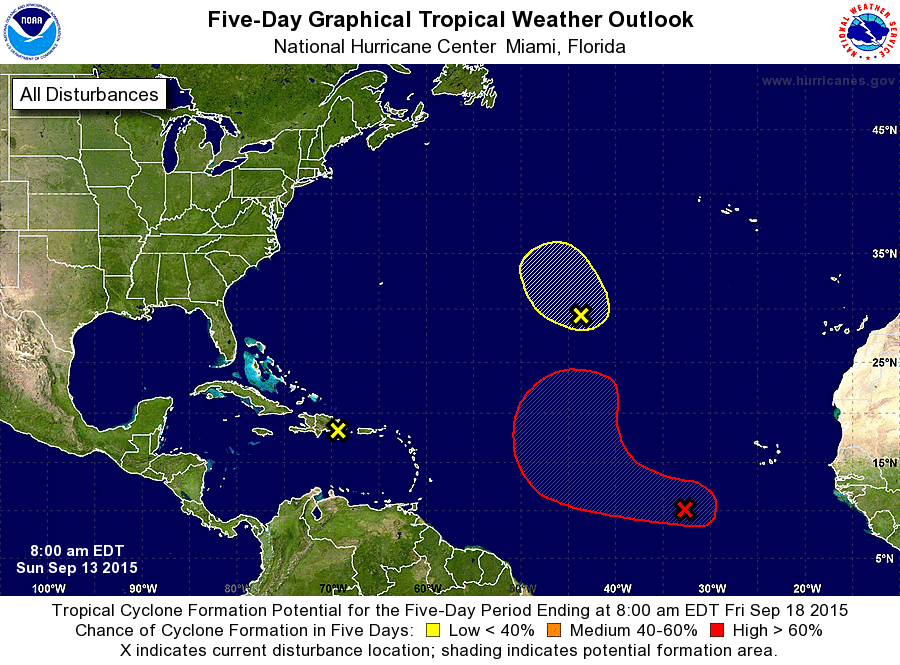
For the North Atlantic...Caribbean Sea and the Gulf of Mexico:

1. A tropical wave accompanied by a broad low pressure system is producing a large area of disturbed weather several hundred miles southwest of the Cape Verde Islands. Environmental conditions are expected to be conducive for development, and a tropical depression could form during the next few days days while the system moves west-northwestward to northwestward across the central tropical Atlantic.
* Formation chance through 48 hours...medium...50 percent
* Formation chance through 5 days...high...80 percent

2. A small low pressure system located about 975 miles southwest of the Azores is producing disorganized shower and thunderstorm activity. Development, if any, of this low is expected to be slow to occur while it moves west-northwestward to northwestward at about 10 mph over the next couple of days.
* Formation chance through 48 hours...low...10 percent
* Formation chance through 5 days...low...10 percent

3. Minimal shower and thunderstorm activity is continuing in association with the remnants of Tropical Storm Grace over the northeastern Caribbean Sea and the Greater Antilles. Upper-level winds are not expected to be favorable for redevelopment of this system during the next several days. However, brief periods of locally heavy rains and gusty winds are still possible across portions of Puerto Rico, Hispaniola, Cuba, and the Bahamas during the next day or two while the system moves west-northwestward at around 15 mph.
* Formation chance through 48 hours...low...near 0 percent
* Formation chance through 5 days...low...near 0 percent

Forecaster Stewart